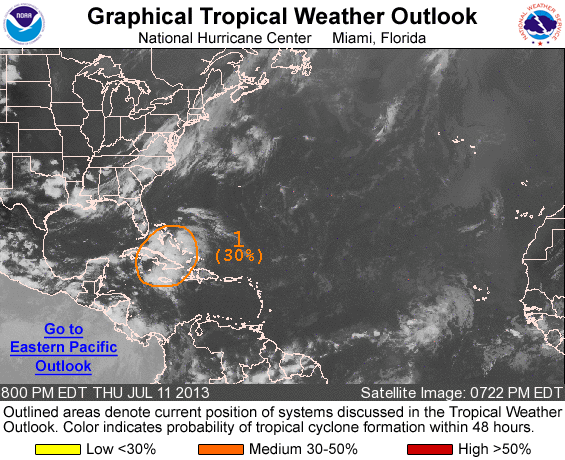
FOR THE NORTH ATLANTIC...CARIBBEAN SEA AND THE GULF OF MEXICO...

1. A TROUGH OF LOW PRESSURE ASSOCIATED WITH THE REMNANTS OF CHANTAL EXTENDS NORTHEASTWARD FROM THE NORTHWESTERN CARIBBEAN SEA ACROSS CENTRAL CUBA INTO THE BAHAMAS. THIS SYSTEM IS ACCOMPANIED BY A LARGE BUT DISORGANIZED AREA OF CLOUDINESS AND THUNDERSTORMS. UPPER-LEVEL WINDS ARE FORECAST TO BECOME A LITTLE MORE FAVORABLE FOR DEVELOPMENT DURING THE NEXT DAY OR TWO...WHEN THE DISTURBANCE MOVES NORTHWARD ACROSS THE NORTHWESTERN BAHAMAS AND THE ADJACENT ATLANTIC. THIS SYSTEM HAS A MEDIUM CHANCE...30 PERCENT...OF BECOMING A TROPICAL CYCLONE DURING THE NEXT 48 HOURS. AN AIR FORCE RECONNAISSANCE MISSION IS SCHEDULED TO INVESTIGATE THE DISTURBANCE ON FRIDAY...IF NECESSARY.

ELSEWHERE...TROPICAL CYCLONE FORMATION IS NOT EXPECTED DURING THE NEXT 48 HOURS.

FORECASTER BEVEN